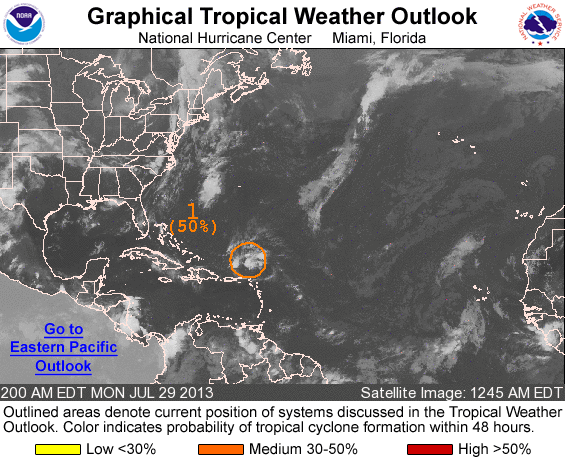
FOR THE NORTH ATLANTIC...CARIBBEAN SEA AND THE GULF OF MEXICO...

1. A TROUGH OF LOW PRESSURE...ASSOCIATED WITH THE REMNANTS OF DORIAN... IS PRODUCING AN AREA OF CLOUDINESS AND DISORGANIZED THUNDERSTORMS A COUPLE OF HUNDRED MILES NORTH OF THE LEEWARD ISLANDS. RECENT SATELLITE-DERIVED SURFACE WIND DATA INDICATE THAT THIS DISTURBANCE DOES NOT HAVE A CLOSED LOW-LEVEL CIRCULATION...AND SURFACE PRESSURES REMAIN HIGH ACROSS THE AREA. ENVIRONMENTAL CONDITIONS ARE EXPECTED TO BE ONLY MARGINALLY CONDUCIVE FOR REGENERATION TO OCCUR TODAY...BEFORE BECOMING LESS FAVORABLE ON TUESDAY. THIS SYSTEM HAS A MEDIUM CHANCE...50 PERCENT...OF BECOMING A TROPICAL CYCLONE DURING THE NEXT 48 HOURS AS IT MOVES WESTWARD AT 15 TO 20 MPH. THE DISTURBANCE IS EXPECTED TO PASS WELL TO THE NORTH OF PUERTO RICO TODAY...AND MOVE ACROSS THE TURKS AND CAICOS ISLANDS AND THE SOUTHEASTERN BAHAMAS ON TUESDAY. AN AIR FORCE RESERVE UNIT RECONNAISSANCE AIRCRAFT IS SCHEDULED TO INVESTIGATE THE DISTURBANCE THIS AFTERNOON...IF NECESSARY.

ADDITIONAL INFORMATION ON THIS SYSTEM CAN BE FOUND IN HIGH SEAS FORECASTS ISSUED BY THE NATIONAL WEATHER SERVICE...UNDER AWIPS HEADER NFDHSFAT1 AND WMO HEADER FZNT01 KWBC.

ELSEWHERE...TROPICAL CYCLONE FORMATION IS NOT EXPECTED DURING THE NEXT 48 HOURS.

FORECASTER STEWART/PASCH